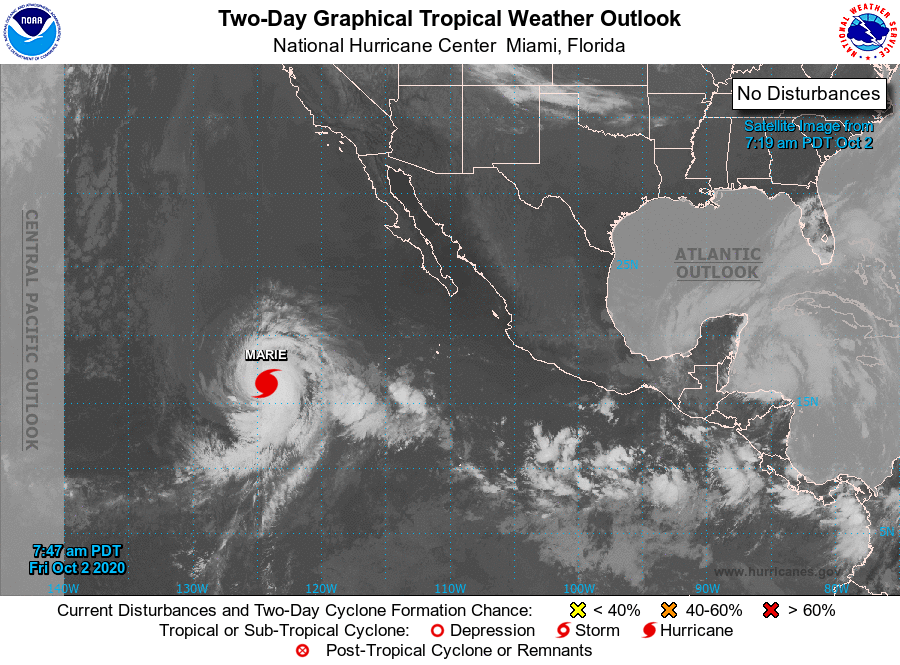
For the eastern North Pacific...east of 140 degrees west longitude:

The National Hurricane Center is issuing advisories on Hurricane Marie, located almost 1000 miles west-southwest of the southern tip of the Baja California peninsula.

1. A broad area of low pressure is expected to form several hundred miles southwest of the coast of southwestern Mexico this weekend. Some development of this system is possible early next week while it moves west-northwestward at 5 to 10 mph.
* Formation chance through 48 hours...low...near 0 percent.
* Formation chance through 5 days...low...30 percent.

Forecaster Berg/Reinhart